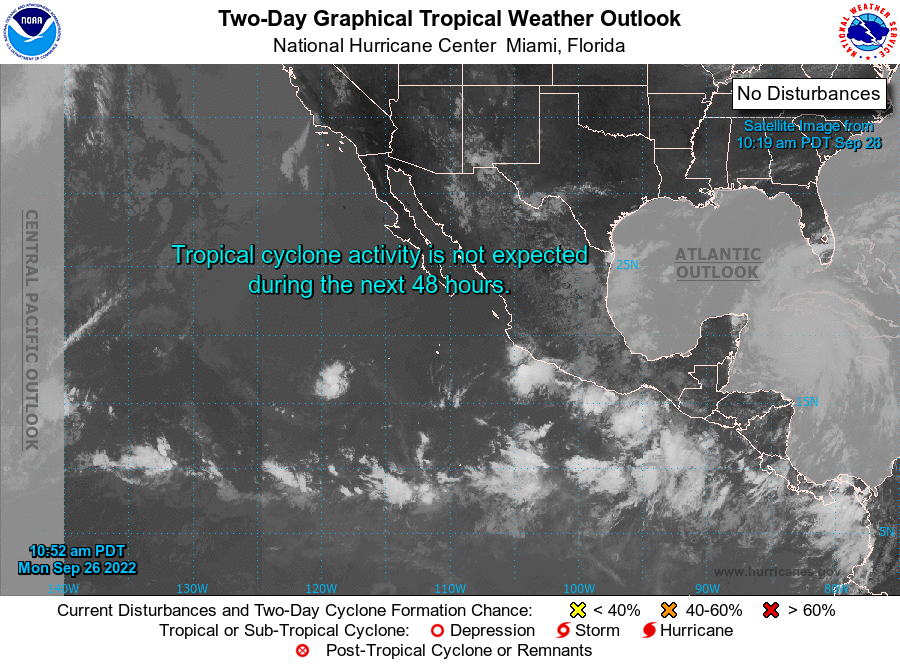
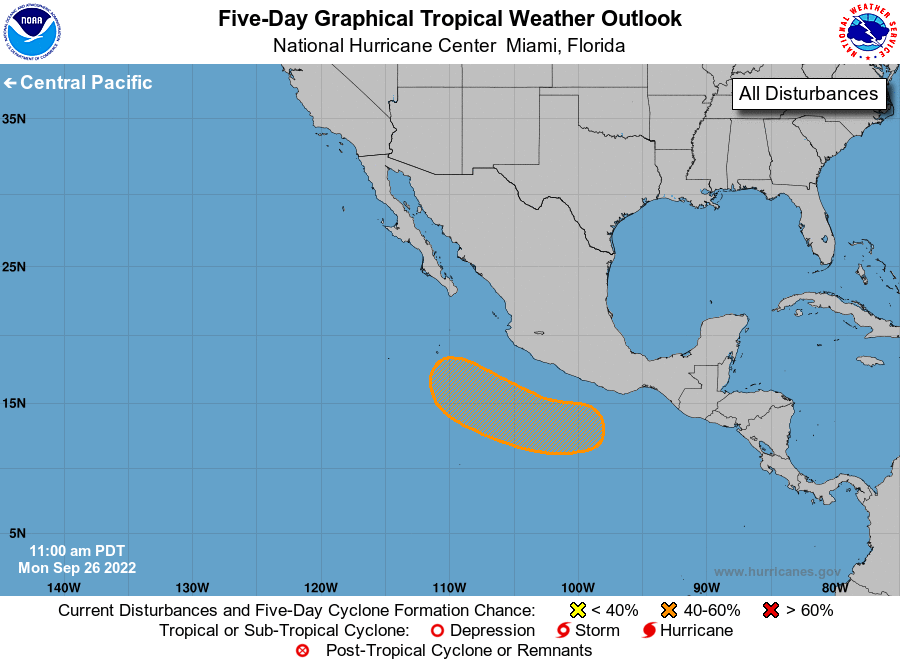
For the eastern North Pacific...east of 140 degrees west longitude:

1. South of the Southern Coast of Mexico: An area of low pressure is forecast to develop south of the southern coast of Mexico in a couple of days. Environmental conditions are forecast to be conducive for gradual development, and a tropical depression could form by the end of this week while the system moves generally westward to west-northwestward.
* Formation chance through 48 hours...low...near 0 percent.
* Formation chance through 5 days...medium...50 percent.

Forecaster Papin